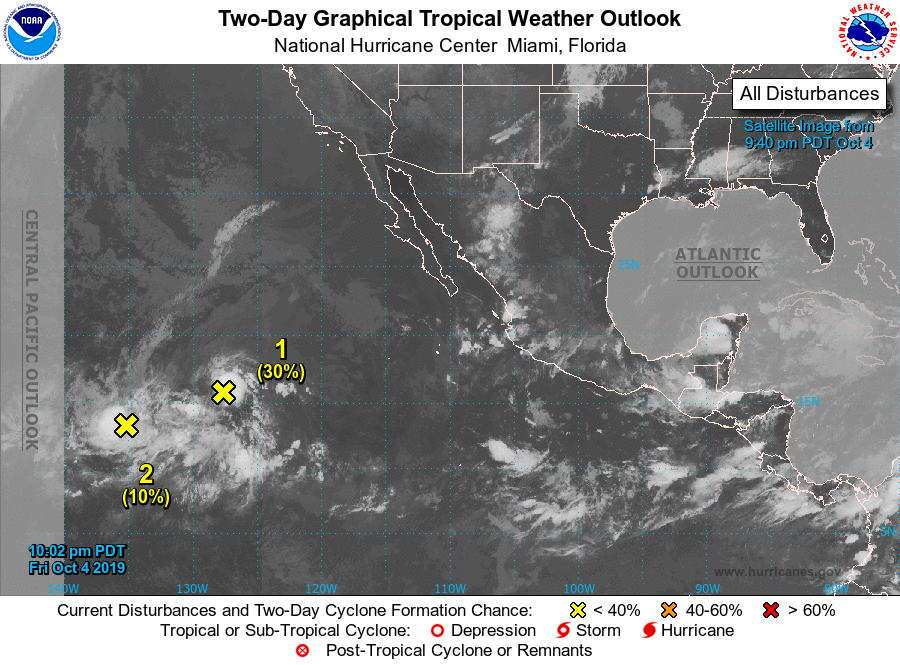
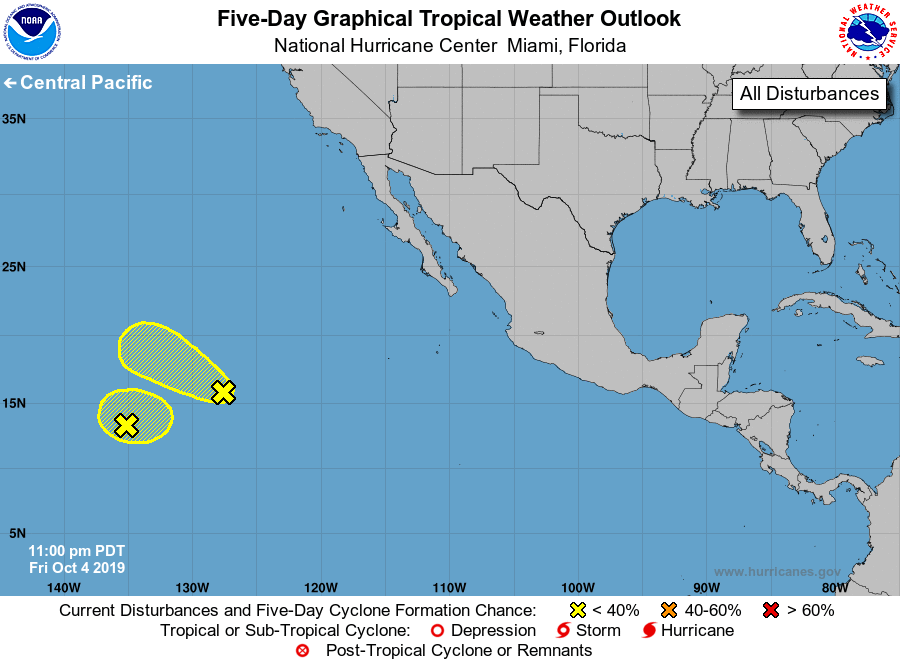
For the eastern North Pacific...east of 140 degrees west longitude:

1. An area of low pressure is located about 1250 miles west-southwest of the southern tip of the Baja California peninsula. The associated showers and thunderstorms have been pulsing near the center of the system during the past couple of days, but they have generally been disorganized. Some slow development of this system is possible during the next day or two before it interacts with, and possibly merges with, another disturbance west of it. The low is expected to move northwestward at about 10 mph during the next couple of days.
* Formation chance through 48 hours...low...30 percent.
* Formation chance through 5 days...low...30 percent.

2. A nearly stationary area of low pressure, located just west of the disturbance mentioned above, about 1700 miles southwest of the southern tip of the Baja California peninsula, continues to produce disorganized shower and thunderstorm activity. Development of this system is not likely before it interacts or merges with the larger disturbance located to its east late this weekend or early next week.
* Formation chance through 48 hours...low...10 percent.
* Formation chance through 5 days...low...10 percent.

Forecaster Cangialosi